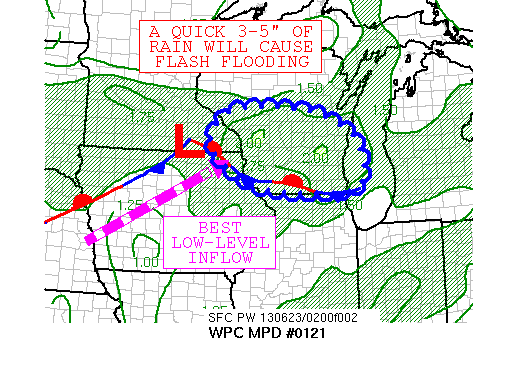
AREAS AFFECTED...FAR SOUTHEAST MN...NORTHEAST IA...SOUTHERN WI

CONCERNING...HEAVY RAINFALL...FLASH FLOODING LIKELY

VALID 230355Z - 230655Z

SUMMARY...CELL TRAINING ALONG AN ORGANIZED BAND OF THUNDERSTORMS
ACROSS SOUTHERN WI AND NORTHEAST IA WILL MAINTAIN THE LIKELIHOOD
OF FLASH FLOODING ACROSS THE REGION OVER THE NEXT FEW HOURS.

DISCUSSION...A BAND OF THUNDERSTORMS INITIATING ALONG/NEAR A
SURFACE FRONT ACROSS NORTHEAST IA AND MOVING DOWNSTREAM ACROSS
SOUTHERN WI ARE EXPECTED TO REMAIN QUASI-STATIONARY OVER THE NEXT
FEW HOURS.  DIVERGENCE ALOFT REMAINS ACROSS THE AREA TO THE EAST
OF AN UPPER LEVEL LOW MOVING ALONG THE WY/MT BORDER.  WHILE A
LOW-LEVEL COOL POOL HAS BEEN TRYING TO NUDGE THE ACTIVITY
SOUTHWARD, THE BEST 850 HPA INFLOW OF 35-40 KNOTS (WHICH COULD
SLIGHTLY INCREASE OVERNIGHT) IS EXPECTED TO NUDGE NORTHWARD, WHICH
LEADS TO THE EXPECTATION OF LITTLE MOVEMENT TO THIS LINE.  THE
STRENGTH OF THE LOW-LEVEL INFLOW, WHICH SHOULD SLIGHTLY INCREASE,
SEEMS TO GUARANTEE THIS SYSTEM'S CONTINUED ORGANIZATION.  THE MEAN
STEERING FLOW REMAINS PARALLEL TO THE 850 HPA INFLOW, WHICH SHOULD
KEEP CONVECTION WITHIN THE PLUME OF HIGHEST AVAILABLE MOISTURE.
INSTABILITY WITHIN THE WARM SECTOR REMAINS IMPRESSIVE, AS
SATELLITE-DERIVED ESTIMATES ARE 4000-6000 J/KG ACROSS EASTERN IA.
PRECIPITABLE WATER VALUES ARE 1.75-2 INCHES, AROUND TWO STANDARD
DEVIATIONS ABOVE NORMAL AND WITHIN THE 90TH PERCENTILE FOR JUNE.
LOCAL AMOUNTS OF 3-5 INCHES WITHIN THE NEXT FEW HOURS SHOULD
SIGNIFICANTLY EXCEED THE FLASH FLOOD GUIDANCE, WHICH IS CLOSE TO
1.5 INCHES IN THREE HOURS.  FLASH FLOODING CONTINUES TO BE LIKELY
IN THIS REGION.